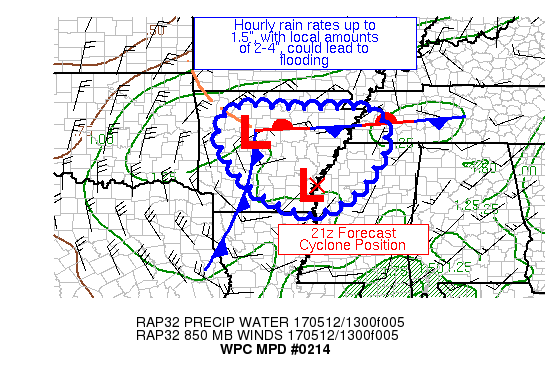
AREAS AFFECTED...PORTIONS OF AR, WESTERN TN, & NORTHERN MS

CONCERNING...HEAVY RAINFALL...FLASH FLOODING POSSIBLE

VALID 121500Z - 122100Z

SUMMARY...A CYCLONE IS EXPECTED TO LEAD TO SHORT CONVECTIVE BANDS
AROUND ITS PERIPHERY, WITH SOME STORMS SHOWING LITTLE MOTION NEAR
ITS CENTER.  HOURLY RAIN RATES UP TO 1.5", WITH LOCAL AMOUNTS OF
2-3", COULD LEAD TO FLASH FLOODING.

DISCUSSION...A DEEP-LAYERED SURFACE LOW WHICH IS NOT QUITE
STACKED, IS LOCATED ACROSS WESTERN AND CENTRAL AR AND MOVING
SOUTHEASTWARD.  PRECIPITABLE WATER VALUES OF 1.2-1.5" EXIST IN ITS
VICINITY PER RECENT GPS DATA AND 12Z INFORMATION FROM THE LITTLE
ROCK AR/LZK SOUNDING.  MLCAPES FROM AR, WHERE CIN APPEARS TO HAVE
ERODED, ARE 500+ J/KG.  BULK SHEAR IN THE 0-6 KM LAYER IS 25-45
KTS PER RECENT SPC MESOANALYSES.

SATELLITE IMAGERY SHOWS BREAKS IN THE CLOUD COVER ACROSS PORTIONS
OF AR, WESTERN MS, AND SOUTHWEST TN WHICH SHOULD ALLOW MLCAPES TO
BUILD ~1000 J/KG DURING THE DAY TODAY.  THE BUILDING INSTABILITY
SHOULD LEAD TO EXPANDING CELL COVERAGE WITH TIME.  AROUND THE
SYSTEM'S PERIPHERY, WHERE THE FLOW IS CYCLONIC AND UNIDIRECTIONAL,
SHORT PERIODS OF CELL TRAINING ARE POSSIBLE.  CLOSER TO ITS
CENTER, MINIMAL CELL MOTION IS EXPECTED. HOURLY RAIN RATES UP TO
1.5" ARE POSSIBLE CONSIDERING THE MOISTURE AND INSTABILITY
AVAILABLE.  THE MESOSCALE GUIDANCE DIFFERS IN EXACT DETAILS, BUT
PAINTS A PORTRAIT FOR LOCAL AMOUNTS IN THE 2-4" RANGE.
CONSIDERING RECENT RAINS, FLASH FLOOD GUIDANCE IS MODEST,
PARTICULARLY IN EASTERN AR AND WESTERN TN.  FLASH FLOODING IS
POSSIBLE, PARTICULARLY IN THE SOUTHEASTERN OZARKS AND IN URBAN
AREAS.